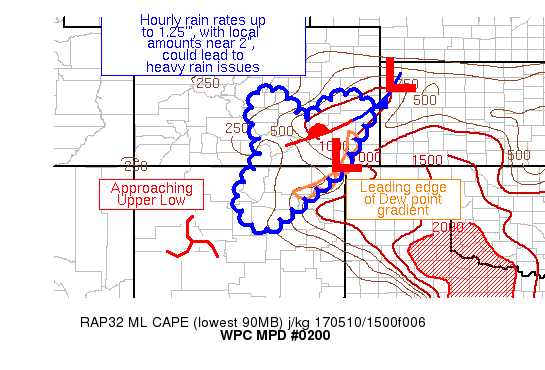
AREAS AFFECTED...SOUTHEAST CO & NORTHEAST NM

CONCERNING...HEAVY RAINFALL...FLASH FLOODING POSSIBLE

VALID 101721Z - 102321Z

SUMMARY...CUMULI ARE BEGINNING TO BUILD ACROSS THE MOUNTAINS OF
SOUTH-CENTRAL CO AND NEAR A BOUNDARY IN SOUTHEAST CO.  STORMS WITH
HOURLY RAIN RATES UP TO 1.25" WITH LOCAL AMOUNTS OF 2" COULD LEAD
TO ISSUES OVER SATURATED SOILS.

DISCUSSION...A WEAK COLD FRONT HAS BEEN DROPPING SOUTHWARD ACROSS
EASTERN CO THIS MORNING, WHICH IS EXPECTED TO STALL SHORTLY.  AN
APPROACHING UPPER LOW ACROSS NM IS AIDING DIVERGENCE ALOFT.
PRECIPITABLE WATER VALUES ARE 0.5-0.7" PER THE 12Z DNR SOUNDING
AND 13Z GPS DATA.  CIN IS SLOWLY ERODING ACROSS THE REGION AND
MLCAPES HAVE RECENTLY BUILT UP TO 500-1000 J/KG ACROSS SOUTHEAST
CO NEAR THE SAGGING FRONT PER SPC MESOANALYSES.

THE EXPECTATION IS FOR CIN TO ERODE FURTHER OVER THE NEXT HOUR OR
TWO WHICH SHOULD ALLOW CONVECTION TO DEVELOP AND TRY TO EXPAND IN
COVERAGE.  MLCAPES SHOULD BUILD AN ADDITIONAL 500-1000 J/KG DUE TO
DAYTIME HEATING.  SOME UPSLOPE FLOW COMPONENT IS EXPECTED TO AID
CONVECTIVE DEVELOPMENT ALONG THE FRONT RANGE OF THE CO ROCKIES.
BULK SHEAR IN THE 0-6 KM LAYER IS CLOSE TO 30 KTS, WHICH SHOULD
ALLOW CONVECTION TO ORGANIZE DESPITE A RELATIVE LACK OF LOW-LEVEL
INFLOW.  THE MEAN 850-400 HPA WIND COLLAPSES OVER THE NEXT SEVERAL
HOURS, IMPLYING THAT CELL MOTIONS WOULD BE SLOW NEAR THE STALLING
BOUNDARY AND NEARBY TOPOGRAPHY.  THE THICKNESS PATTERN SUGGESTS
THAT CONVECTION SHOULD ATTEMPT TO MOVE NORTHEAST WITH TIME, LIKELY
AT 10-15 KTS.  HOURLY RAIN RATES UP TO 1.25", WITH LOCAL AMOUNTS
OF 2", COULD OVERWHELM SATURATED SOILS FROM THE PAST COUPLE DAYS
OF RAINFALL.  KEPT THE CATEGORY AS POSSIBLE SINCE COVERAGE IS
EXPECTED TO BE SPOTTY.